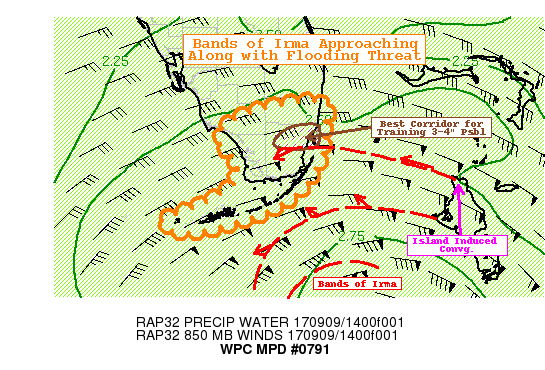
AREAS AFFECTED...SOUTH FLORIDA

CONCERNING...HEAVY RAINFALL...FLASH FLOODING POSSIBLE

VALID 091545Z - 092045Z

SUMMARY...TRAINING WITHIN OUTER BAND OF IRMA POSSIBLE START OF
INCREASING FLOODING CONCERN ACROSS S FLORIDA

DISCUSSION...AMX RADAR AND GOES-16 1-MINUTE MESO WINDOW VISIBLE
IMAGERY  DEPICTS RECENT STRONG RAIN BAND OF MOVE THROUGH
MIAMI-DADE COUNTY EXPANDING SW AND WEST ACROSS THE EVERGLADES WITH
THE TRAILING CONVERGENCE BAND ORIENTING FAVORABLY IN ITS WAKE.
CHARACTERISTICS TO THIS BAND DEPICTED THE STEADILY ERODING MINOR
DRY AIR THAT INTRUDED IN THE FIRST BAND...AS SUCH LESS OF A ROLL
CLOUD/OUTFLOW NATURE WAS SEEN.  THIS ALSO WILL KEEP BEST
CONVERGENCE FROM CONFLUENT ENELY TO THE BAND LIMITING NORTHERN
PROPAGATION WITH TIME SUPPORTING AN IDEAL TRAINING PROFILE FOR
UPSTREAM DEVELOPMENT PARTICULARLY ACORS NE MIAMI-DADE/SE BROWARD
OVER THE NEXT 2-3 HOURS.   SO FAR A FEW OBSERVATIONS OF 2-2.5"
HAVE BE REPORTED IN BACKYARD MESO-NETWORK OF OBSERVATIONS IN THE
VICINITY OF HST.   WITH LESS DRY AIR/TPWS HAVE INCREASED OVER 2.5"
AND WARM CLOUD PROCESSES ALLOWING FOR .5"/HR RATES WITH OCCASIONAL
3"/HR BURSTS (ADDITIONAL .5" TOTAL IN 15 MINUTES). AMX RADAR ALSO
SUGGESTS ADDITIONAL ISLAND INDUCED CONVERGENCE AT THE NORTHERN TIP
OF ANDROS ISLAND...WHICH SHOULD ALSO FOCUS THE BAND FROM WAVERING
TOO MUCH AND ASSIST IN THE TRAINING.  GIVEN THE EXPECTED DURATION
OF THIS BAND...TOTALS OF 3-4" ARE POSSIBLE OVER THE NEXT 4-6HRS IN
S FL ESPECIALLY AS INNER BANDS ALSO ENCROACH FROM THE SE.

RADAR/GOES MOSAIC ALSO DEPICTS MOAT BETWEEN OUTER BAND AND NEXT
INWARD BAND IS BEGINNING TO FILL AND ADVANCE TOWARD THE UPPER AND
MIDDLE KEYS...THIS SHOULD START A PROCESS OF INCREASES .5-.75"/HR
STEADY MODERATE WARM CLOUD PROCESS SHOWERS THAT ALONG WITH WIND
INDUCED WAVE/SURGE PROCESSES ARE LIKELY TO START FLOODING ISSUES
ACROSS THIS REGION AS WELL.